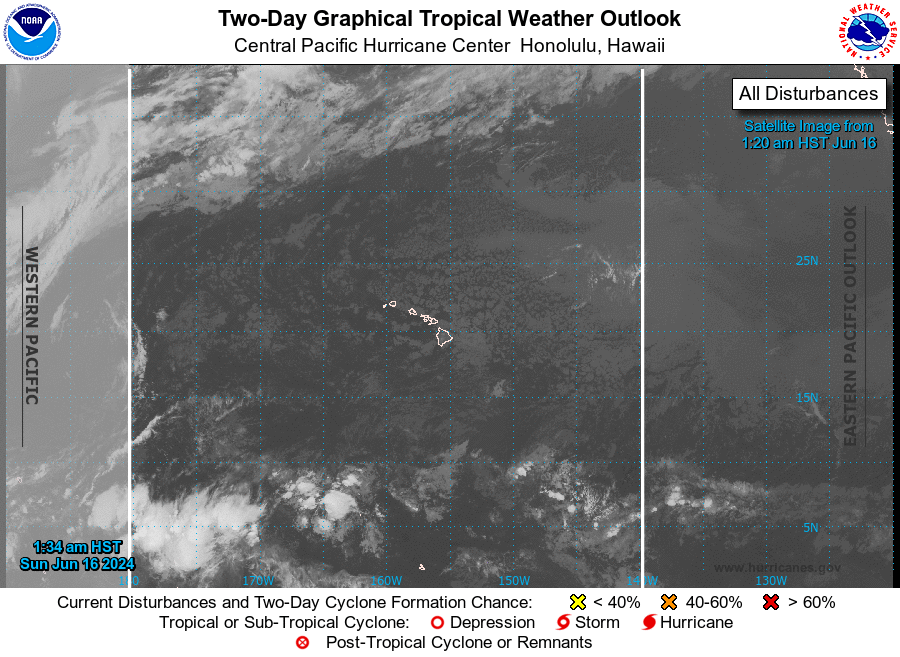
For the central North Pacific...between 140W and 180W:

No tropical cyclones are expected during the next 7 days.

Forecaster Bohlin